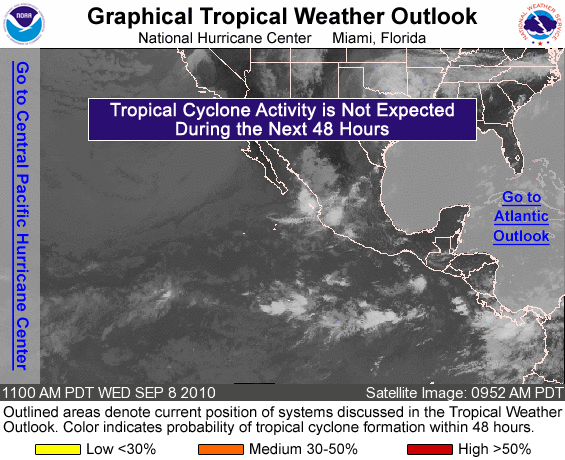
FOR THE EASTERN NORTH PACIFIC...EAST OF 140 DEGREES WEST LONGITUDE..

TROPICAL CYCLONE FORMATION IS NOT EXPECTED DURING THE NEXT 48 HOURS.

FORECASTER PASCH